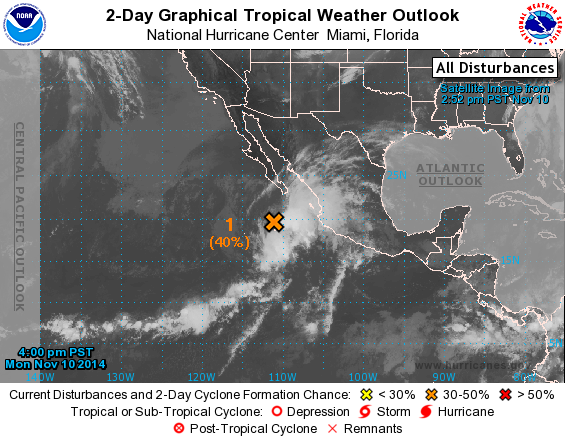
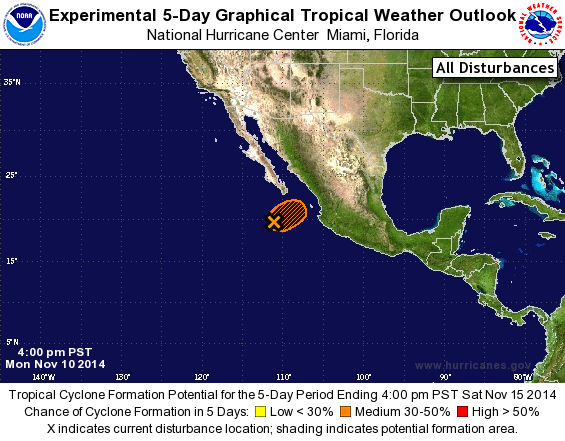
For the eastern North Pacific...east of 140 degrees west longitude:

1. Shower and thunderstorm activity has become a little less organized in association with an area of low pressure located about 240 miles south of the southern tip of the Baja California peninsula. While this system could still become a tropical depression tonight, upper-level winds are forecast to become unfavorable for tropical cyclone formation by early Tuesday. Regardless of development, this system could bring rain and gusty winds to portions of the west coast of mainland Mexico through Tuesday while it moves northeastward at about 10 mph.
* Formation chance through 48 hours...medium...40 percent.
* Formation chance through 5 days...medium...40 percent.

Forecaster Blake